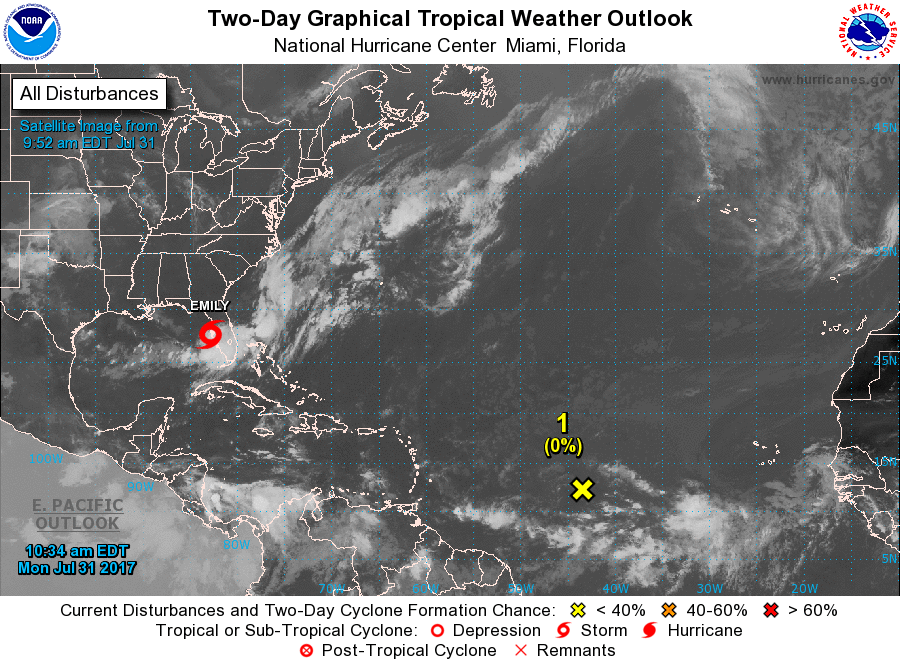
For the North Atlantic...Caribbean Sea and the Gulf of Mexico:

The National Hurricane Center is issuing advisories on recently upgraded Tropical Storm Emily, located over the eastern Gulf of Mexico just offshore of the west-central Florida coast.

1. Shower activity remains limited in association with a tropical wave located about midway between the Cabo Verde Islands and the Lesser Antilles. Development, if any, of this system is expected to be slow to occur over the next several days while the system moves westward to west-northwestward at 10 to 15 mph.
* Formation chance through 48 hours...low...near 0 percent.
* Formation chance through 5 days...low...10 percent.

Public Advisories on Tropical Storm Emily are issued under WMO header WTNT31 KNHC and under AWIPS header MIATCPAT1. Forecast/Advisories on Tropical Storm Emily are issued under WMO header WTNT21 KNHC and under AWIPS header MIATCMAT1.

Forecaster Cangialosi